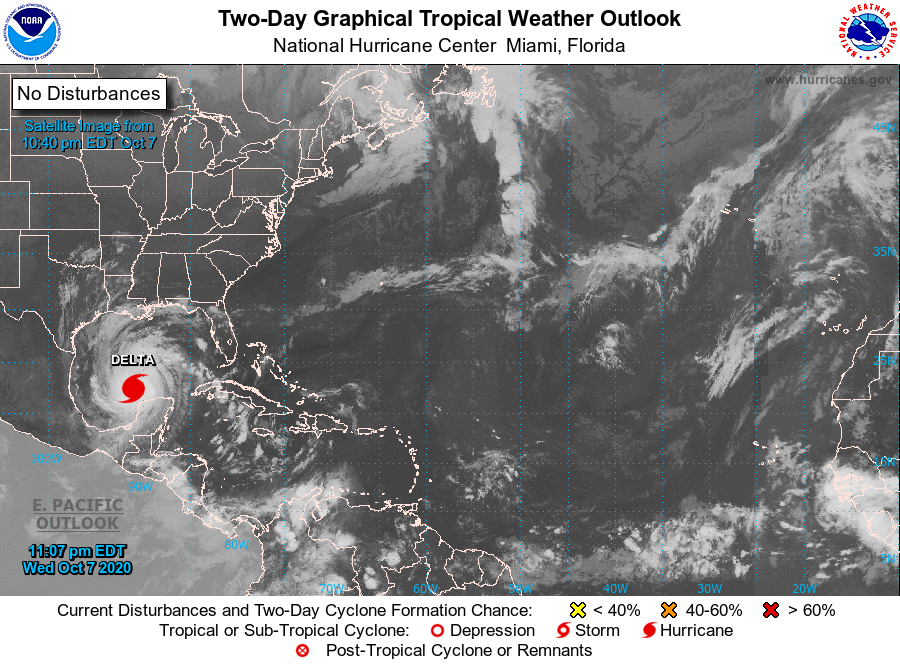
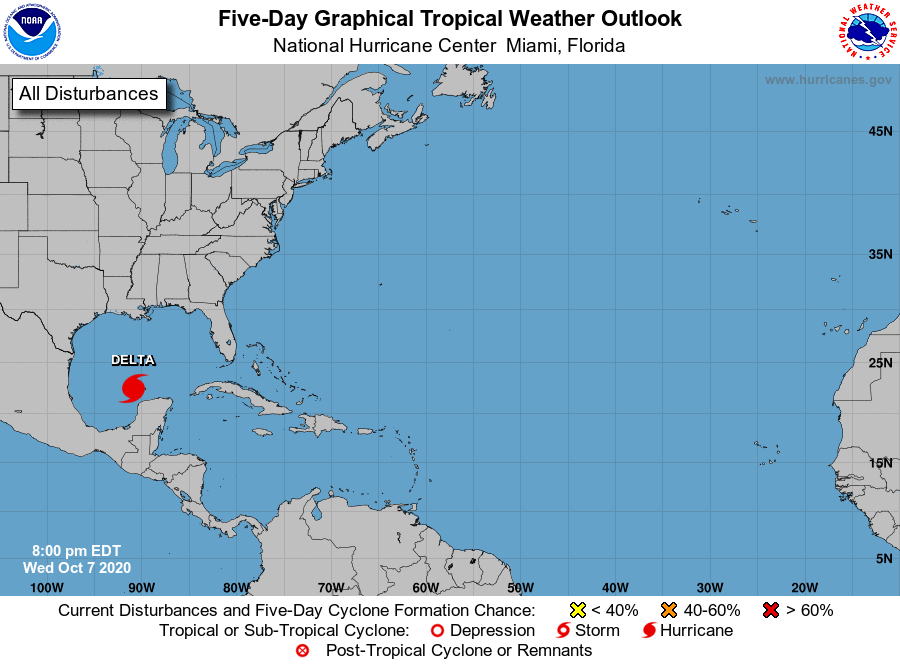
For the North Atlantic...Caribbean Sea and the Gulf of Mexico:

The National Hurricane Center is issuing advisories on Hurricane Delta, located over the south-central Gulf of Mexico.

Tropical cyclone formation is not expected during the next 5 days.

Forecaster Berg